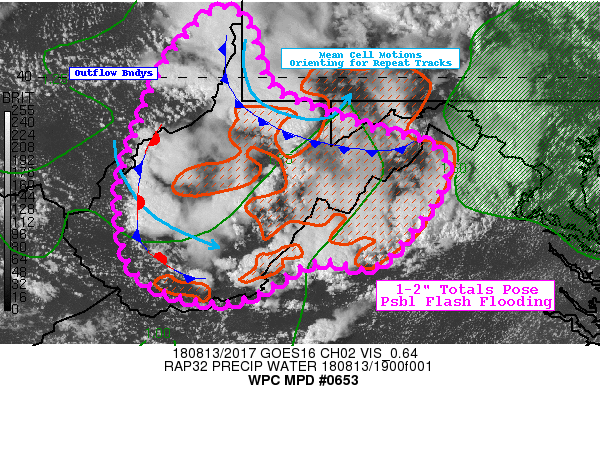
Areas affected...West Virginia...Ext Eastern Ohio...Northwestern
VA

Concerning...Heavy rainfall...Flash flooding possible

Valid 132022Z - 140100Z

SUMMARY...Convection organizing loosely along outflow boundaries
seeking out remaining instability.  Some occasional  orientation
to the mean flow may support some repeat cells.  Flash flooding
remains possible through until nightfall.

DISCUSSION...Ongoing convection beginning to organize a bit better
along outflows, particularly from Ohio county, WV to Monongalia
county and from Wood, WV to Kanawha, WV. As the outflow propagates
southward slowly, the mean cloud bearing flow is starting to
strengthen ever so slightly and orient favorably to these arcs of
convection suggesting mean cell motions as jet core rounds the
base of the compact upper low in S WV, shifting the center more
northeastward toward Garrett county, MD.  CIRA Layered PWATs
confirmed by the RAP, suggest mid-level moistening across SW PA
into N WV, while ahead and south of the lines, instability remains
sufficient for continued convective development, generally 1500
J/kg MLCAPEs near CRW and more in the 750-1000 J/kg range near the
PA/WV line.  This should support continued 1-2" totals in short
duration, and now with some potential occasional repeats, totals
up to 2.5" are possible keeping flash flooding a risk through the
next 3-4 hours before instability is exhausted/diminished due to
loss of solar radiation.